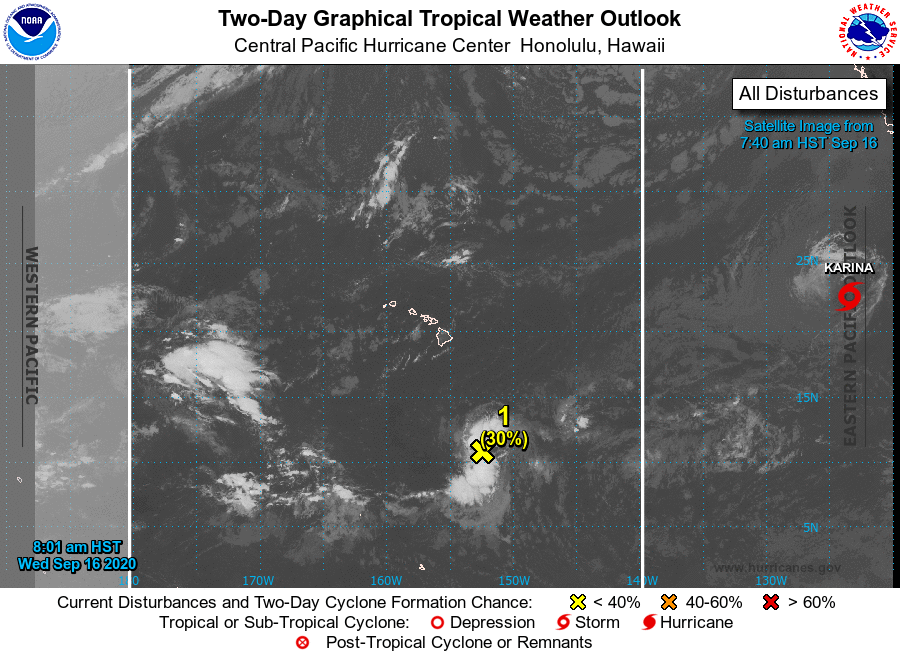
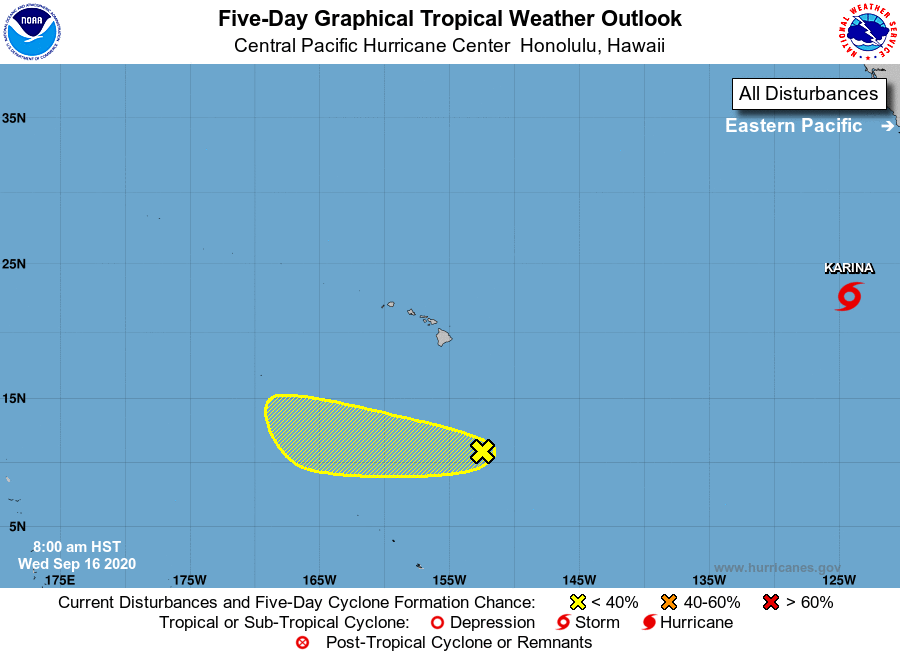
For the central North Pacific...between 140W and 180W:

1. Showers and thunderstorms associated with a weak circulation are located about 650 miles south-southeast of Hilo, Hawaii. Environmental conditions are somewhat conducive for development of this system during the next couple days, but become less so by the weekend.
* Formation chance through 48 hours...low...30 percent.
* Formation chance through 5 days...low...30 percent.

Elsewhere, no tropical cyclones are expected during the next 5 days.

Forecaster Blood